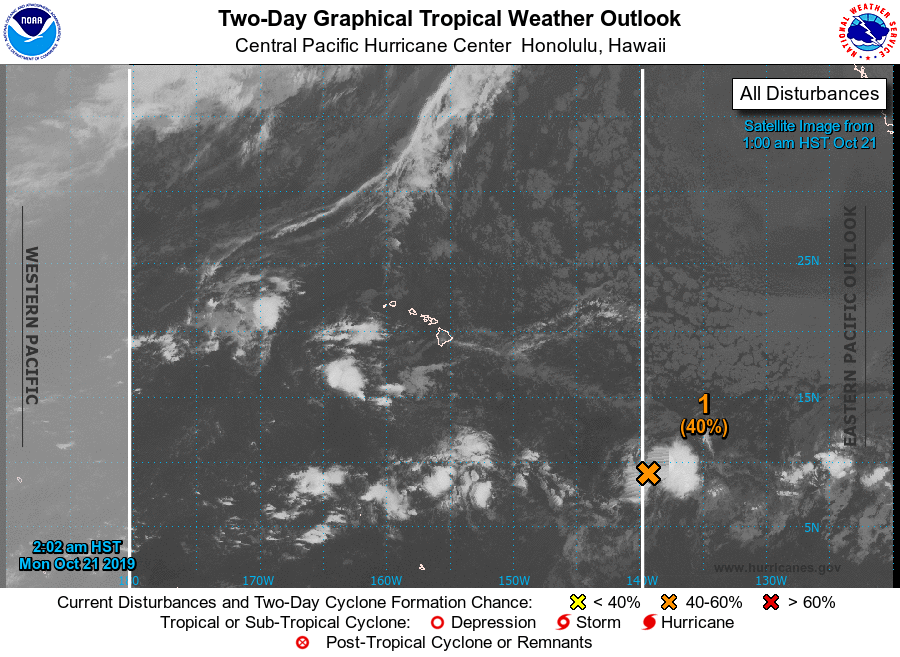
For the central North Pacific...between 140W and 180W:

1. Showers and thunderstorms associated with a well-defined low pressure system located more than 1000 miles east-southeast of the Hawaiian Islands have increased and become a little better organized since Sunday. Environmental conditions appear conducive for additional development of this system, and a tropical depression could form during the next couple of days while the system moves westward to west-northwestward at about 10 mph. Upper-level winds are expected to become less favorable for development by the middle to latter part of the week. The low is expected to cross into the central Pacific basin later this morning.
* Formation chance through 48 hours...medium...40 percent.
* Formation chance through 5 days...medium...40 percent.

Elsewhere, no tropical cyclones are expected during the next 5 days.

Forecaster Kinel